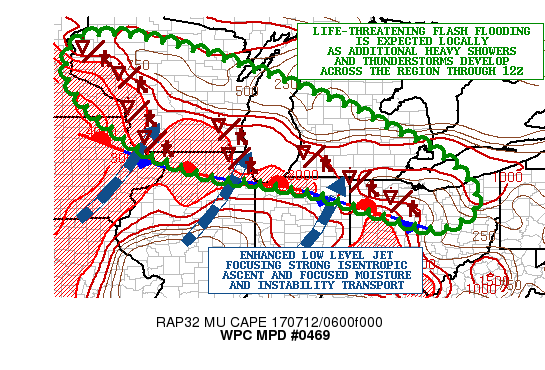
AREAS AFFECTED...SOUTHEAST MN...CENTRAL/SOUTHERN WI...NORTHERN
IL...SOUTHERN LOWER MI...NORTHERN IN...NORTHERN OH

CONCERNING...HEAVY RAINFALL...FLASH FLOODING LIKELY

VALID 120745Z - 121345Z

SUMMARY...WIDESPREAD HEAVY SHOWERS AND THUNDERSTORMS WILL CONTINUE
THROUGH DAWN WHILE EXPANDING GRADUALLY OFF TO THE EAST. INTENSE
RAINFALL RATES WILL CONTINUE TO FOSTER FLASH FLOODING...WITH
SIGNIFICANT AND POSSIBLY LIFE-THREATENING FLASH FLOODING
CONDITIONS WHERE VERY HEAVY RAINFALL HAS ALREADY OCCURRED.

DISCUSSION...AN EXTENSIVE AXIS OF SHOWERS AND THUNDERSTORMS
CONTINUES TO FOCUS ALONG AND JUST NORTH OF WHAT IS NOW A
QUASI-STATIONARY FRONT DRAPED FROM NORTHEAST IA EAST ACROSS
NORTHERN IL...NORTHERN IN AND NORTHWEST OH. THE CONVECTION
CONTINUES TO BE FOSTERED BY A RATHER STRONG WARM
ADVECTION/ISENTROPIC LIFT PATTERN WITH A 40 TO 50 KT SOUTHWEST LOW
LEVEL JET INTERACTING WITH AND OVERRUNNING THE AFOREMENTIONED
FRONT. MODERATE TO STRONG INSTABILITY AND HIGH PWATS TO NEAR 2
INCHES CONTINUE TO POOL UP ALONG AND OVER THE FRONT...WHICH IS
HELPING TO CONTRIBUTE TO ORGANIZED CLUSTERS OF BACKBUILDING
CONVECTION AND EXTREMELY INTENSE RAINFALL RATES.

RAINFALL RATES OF 2 TO 3 INCHES/HR HAVE BEEN OBSERVED...AND
CURRENTLY THE WORST CONDITIONS ARE NOTED OVER GENERALLY SOUTHWEST
WI JUST EAST OF THE WI/IA BORDER AND ALSO FARTHER EAST OVER
SOUTHEAST WI TO THE WEST AND SOUTH OF MILWAUKEE AND ALSO SOUTH
DOWN INTO NORTHEAST IL NEAR AND WEST OF THE WAUKEGAN AREA. ALREADY
IN SOME CASES AS MUCH AS 8 INCHES OF RAIN HAVE OCCURRED...AND
ADDITIONAL ROUNDS OF STRONG THUNDERSTORM ACTIVITY ARE EXPECTED
OVER THE NEXT FEW HOURS LEADING UP TOWARD THE DAWN TIME FRAME
GIVEN THE APPROACH OF A ROBUST UPSTREAM SHORTWAVE TROUGH AND
PERSISTENT WARM ADVECTION ENHANCING THE MOISTURE AND INSTABILITY
TRANSPORT.

SEVERE AND POTENTIALLY LIFE-THREATENING FLASH FLOODING IS EXPECTED
FOR THESE AREAS...AND PEOPLE ACROSS EXTREME NORTHEAST
IA...SOUTHWEST TO SOUTHEAST WI AND FAR NORTHEAST IL SHOULD CLOSELY
MONITOR THE ADDITIONAL RAINFALL. AN ADDITIONAL 3 TO 6 INCHES OF
RAIN IS POSSIBLE LOCALLY...WITH SOME LOCATIONS SEEING STORM TOTALS
POSSIBLY IN EXCESS OF 10 INCHES THROUGH 12Z. THE URBAN CORRIDORS
WILL BE EXTREMELY SUSCEPTIBLE TO AN EMERGENCY LEVEL FLASH FLOOD
EVENT.

FARTHER EAST ACROSS SOUTHWEST LOWER MI...FAR NORTHERN IN AND INTO
NORTHWEST OH...THE THUNDERSTORM ACTIVITY HAS BEEN ON THE INCREASE
OVER THE LAST COUPLE HOURS AS WARM ADVECTION ASSOCIATED WITH THE
LOW LEVEL JET INCREASES AND ENHANCES THE THERMODYNAMIC ENVIRONMENT
AS WELL. UPSTREAM SHORTWAVE ENERGY APPROACHING THE ENTIRE REGION
IS ALSO FOSTERING AN UPTICK IN UPPER LEVEL ASCENT/FORCING TO HELP
SUSTAIN THE CONVECTIVE DEVELOPMENT.

ASIDE FROM THE ALREADY HARD HIT AREAS OF FAR NORTHEAST
IA...SOUTHERN WI AND AND NORTHEAST IL...THERE WILL BE A GRADUALLY
GROWING THREAT FOR FOCUSED CONVECTION AND HEAVY RAINFALL FOR AREAS
OF ESPECIALLY SOUTHERN LOWER MI AND INTO NORTHWEST OH OVER THE
NEXT FEW HOURS WITH THESE AREAS SEEING THE POTENTIAL FOR 2 TO 4
INCHES OF RAIN JUST THROUGH ABOUT THE 12Z TIME FRAME ALONG WITH
ISOLATED HEAVIER AMOUNTS WHERE SOME BACKBUILDING OF CELLS AND
BRIEF CELL-TRAINING MAY OCCUR. THIS IS CONSISTENT WITH THE BETTER
PERFORMING 00Z NSSL-WRF AND THE LATEST HRRRX GUIDANCE. SOME OF
THESE AREAS HAVE SEEN LOCALLY HEAVY RAINFALL OVER THE LAST COUPLE
OF DAYS AND SO THE ANTECEDENT CONDITIONS ARE QUITE WET HERE. THUS
THESE AREAS WILL BE PRONE TO FLASH FLOODING CONCERNS AS WELL GOING
PAST DAWN.